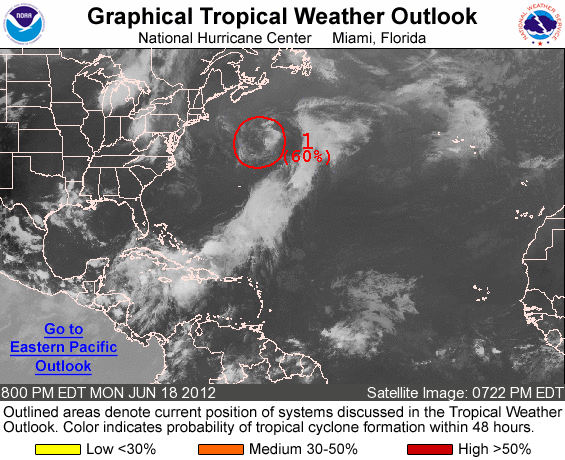
FOR THE NORTH ATLANTIC...CARIBBEAN SEA AND THE GULF OF MEXICO...

1. SHOWERS AND THUNDERSTORMS ASSOCIATED WITH A NON-TROPICAL LOW LOCATED ABOUT 480 MILES NORTH-NORTHEAST OF BERMUDA HAVE CHANGED LITTLE IN ORGANIZATION THIS EVENING. HOWEVER...THE SYSTEM CONTINUES TO GENERATE GALE-FORCE WINDS...AND ANY INCREASE IN THE ORGANIZATION OF SHOWER AND THUNDERSTORM ACTIVITY NEAR THE CENTER WOULD RESULT IN THE FORMATION OF A TROPICAL OR SUBTROPICAL STORM. THIS SYSTEM HAS A HIGH CHANCE...60 PERCENT...OF BECOMING A TROPICAL OR SUBTROPICAL CYCLONE DURING THE NEXT 24 TO 36 HOURS.

FOR ADDITIONAL INFORMATION ON THIS SYSTEM...PLEASE SEE HIGH SEAS FORECASTS ISSUED BY THE NATIONAL WEATHER SERVICE OCEAN PREDICTION CENTER.

ELSEWHERE...TROPICAL CYCLONE FORMATION IS NOT EXPECTED DURING THE NEXT 48 HOURS.

&&
1. HIGH SEAS FORECASTS ISSUED BY THE NATIONAL WEATHER SERVICE CAN BE FOUND UNDER AWIPS HEADER NFDHSFAT1 AND WMO HEADER FZNT01 KWBC.

FORECASTER ROBERTS